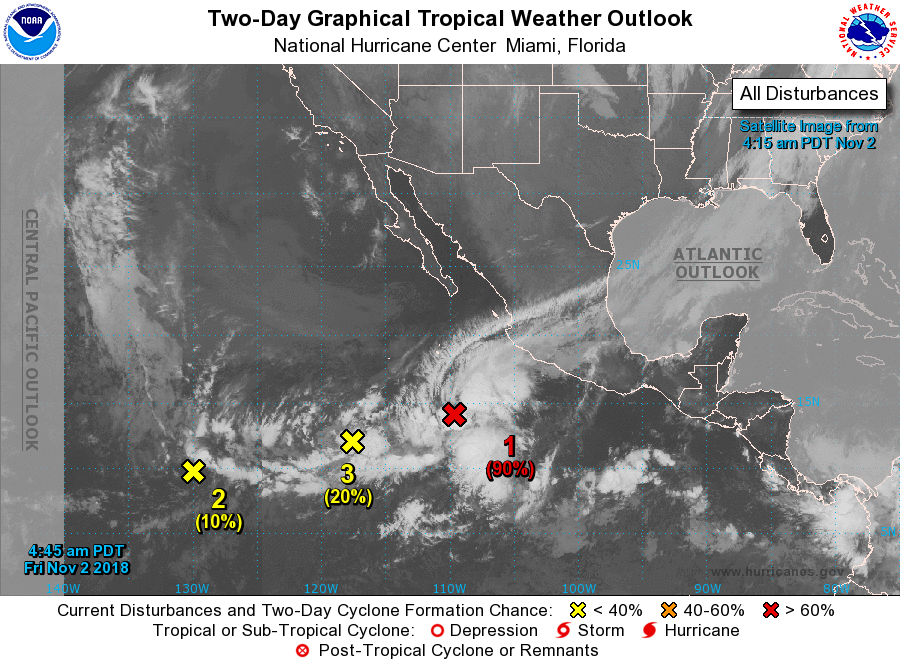
For the eastern North Pacific...east of 140 degrees west longitude:

1. Shower and thunderstorm activity continues to show signs of organization in association with a well-defined low pressure system centered more than 600 miles south of the southern tip of the Baja California Peninsula. A tropical depression is likely to form during the next day or so while the system moves slowly northeastward.
* Formation chance through 48 hours...high...90 percent.
* Formation chance through 5 days...high...90 percent.

2. Showers and thunderstorms associated with a broad area of low pressure located about 1600 miles southwest of the southern tip of the Baja California peninsula remain disorganized. Upper-level winds are becoming less conducive, and any development should be slow to occur while the disturbance moves toward the west or west-northwest at 5 to 10 mph during the next few days.
* Formation chance through 48 hours...low...10 percent.
* Formation chance through 5 days...low...10 percent.

3. An area of disturbed weather is located about 1000 miles southwest of the southern tip of the Baja California peninsula. Some development of this system is possible, although it could be limited due to the proximity of the larger disturbance to the east.
* Formation chance through 48 hours...low...20 percent.
* Formation chance through 5 days...medium...40 percent.

Forecaster Beven